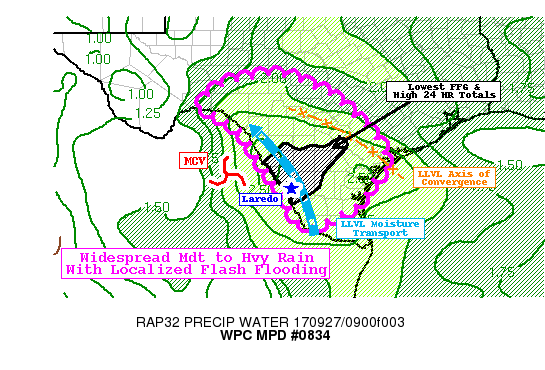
AREAS AFFECTED...SOUTH-CENTRAL AND SOUTH TEXAS

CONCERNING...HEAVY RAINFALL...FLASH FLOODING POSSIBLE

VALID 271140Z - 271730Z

SUMMARY...WIDESPREAD RAIN WILL CONTINUE ACROSS SOUTH-CENTRAL AND
SOUTH TEXAS TO THE EAST OF A MID-LEVEL CIRCULATION OVER NORTHERN
MEXICO. SMALL-SCALE VERY HEAVY RAIN BANDS MAY PRODUCE RAIN RATES
UP TO 2-3 IN/HR AND LOCALIZED FLASH FLOODING.

DISCUSSION...A PROMINENT MESOSCALE CONVECTIVE VORTEX (MCV)
CONTINUES TO BE CENTERED OVER FAR NORTHERN MEXICO WITH A PLUME OF
VERY MOIST AIR JUST TO THE EAST OVER SOUTHERN TEXAS. WITHIN THIS
MOIST ENVIRONMENT...PRECIPITABLE WATER VALUES ARE ON THE ORDER OF
2.0 TO 2.5 INCHES (CLOSE TO 200% OF NORMAL) WHICH IS SUSTAINING A
BROAD AREA OF MODERATE TO OCCASIONALLY HEAVY RAIN. GIVEN THE SLOW
DRIFT OF THE MCV...PORTIONS OF THE OUTLINED DISCUSSION AREA HAVE
ALREADY RECEIVED SIGNIFICANT RAINFALL OVER THE PAST COUPLE
DAYS...PARTICULARLY IN THE VICINITY OF LAREDO AND AREAS JUST TO
THE NORTH AND NORTHEAST...WITH LOCALIZED TOTALS UPWARDS OF 10
INCHES PER SEVERAL PRECIPITATION ANALYSES.

THE RAIN IS EXPECTED TO PERSIST THROUGH THE MORNING HOURS IN THE
PLUME OF DEEP TROPICAL MOISTURE...AND MAY CONTRIBUTE TO A MORE
GRADUAL AREAL FLOOD THREAT OVER A BROADER AREA. THIS MAY BE
PARTICULARLY TRUE IN THE AXIS OF STRONGEST LOW-LEVEL MOISTURE
TRANSPORT CLOSER TO THE RIO GRANDE RIVER. HOWEVER...SMALLER SCALE
RAIN BANDS ARE LIKELY TO DEVELOP IN FAVORED AREAS OF LOW-LEVEL
CONVERGENCE THAT ARE LIKELY TO BE MORE LOCALIZED AND TRANSIENT
(TIME SCALES OF 1-3 HOURS). THESE FOCUSED VERY HEAVY RAIN BANDS
COULD PRODUCE RAIN RATES IN THE 2-3 IN/HR RANGE...CERTAINLY
SUFFICIENT TO PRODUCE FLASH FLOODING GIVEN THE BROAD AREA OF
SATURATED SOILS.

THE LOWEST FLASH FLOOD GUIDANCE VALUES ROUGHLY COINCIDE WITH THE
HIGHEST RAINFALL TOTALS OVER THE PAST 24-48 HOURS AND ARE
GENERALLY SOUTH AND SOUTHEAST OF THE AREAS THAT ARE CURRENTLY
SEEING THE MOST PERSISTENT RAIN AND LOCALIZED HEAVIER RAIN BANDS.
HOWEVER...GIVEN GREATER INSTABILITY TO THE SOUTH...CONVECTIVE RAIN
BANDS MAY HAVE A PROPENSITY TO REDEVELOP GRADUALLY FURTHER SOUTH
AND SOUTHEAST WITH TIME...AND INTO AREAS THAT WOULD BE MORE
HYDROLOGICALLY PRIMED FOR FLASH FLOODING. AN AXIS OF LOW-LEVEL
CONVERGENCE STRETCHING IN THE SAN ANTONIO TO VICTORIA CORRIDOR MAY
ALSO PROVIDE ANOTHER FOCUSING MECHANISM FOR CONVECTIVE RAIN BANDS
AND LOCALIZED FLASH FLOODING.